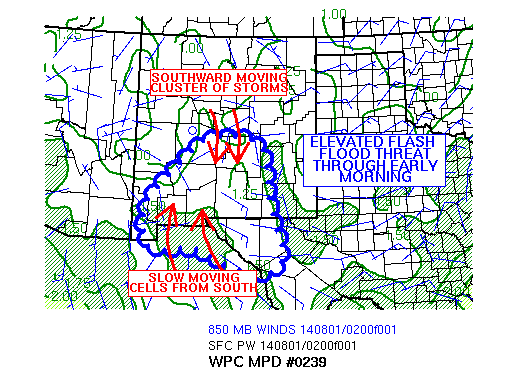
AREAS AFFECTED...CNTRL/SRN NEW MEXICO INTO FAR WEST TEXAS

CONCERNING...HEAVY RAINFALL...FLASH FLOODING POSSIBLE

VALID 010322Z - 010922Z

SUMMARY...THE FLASH FLOOD THREAT WILL LOCALLY INCREASE AS A
CLUSTER OF THUNDERSTORMS OVER CNTRL NEW MEXICO MEETS WITH CELL
DEVELOPMENT OVER SRN NEW MEXICO AND FAR WEST TEXAS THROUGH 09Z.

DISCUSSION...A SWD PROPAGATING CLUSTER OF THUNDERSTORMS WAS
LOCATED OVER CNTRL NEW MEXICO AS OF 03Z WITH IR SATELLITE IMAGERY
CONTINUING TO SHOW COOLING AND EXPANDING CLOUD TOPS TOWARD THE SSW
INTO THE MEXICAN HIGHLANDS. THE 00Z SOUNDING FROM EPZ SHOWED VERY
WEAK TROPOSPHERIC FLOW THROUGHOUT THE CLOUD BEARING LAYER...LESS
THAN 5 KTS...AND WAS LOCATED JUST NORTHWEST OF A LARGE SCALE UPPER
LEVEL RIDGE CENTERED NEAR THE BIG BEND REGION OF TEXAS.
INSTABILITY ACROSS THE REGION IS WEAK BUT NON-ZERO AND COLOCATED
WITH PRECIPITABLE WATER VALUES OF 1 TO 2 STANDARD DEVIATIONS ABOVE
THE MEAN.

DESPITE WEAK LOW LEVEL INFLOW INTO THE REGION...THE CONCERN IS
WITH SLOW MOVING CELLS ACROSS SRN NEW MEXICO PERSISTING THROUGHOUT
MUCH OF THE NIGHT AND THE APPROACH OF THE EXPANDING CLUSTER OF
STORMS FROM THE NORTH...PRODUCING RAINFALL EXCEEDING RELATIVELY
LOW FLASH FLOOD GUIDANCE NUMBERS OF 1 TO 2 INCHES IN 3 HOURS.
HI-RES ENSEMBLE PRODUCTS MADE UP OF THE HRRR...NMM...ARW AND
CONEST NAM SUGGEST SRN NEW MEXICO INTO FAR WRN TEXAS WILL SEE
ADDITIONAL RAINFALL TOTALS OF 2 TO 4 INCHES BY 09Z.